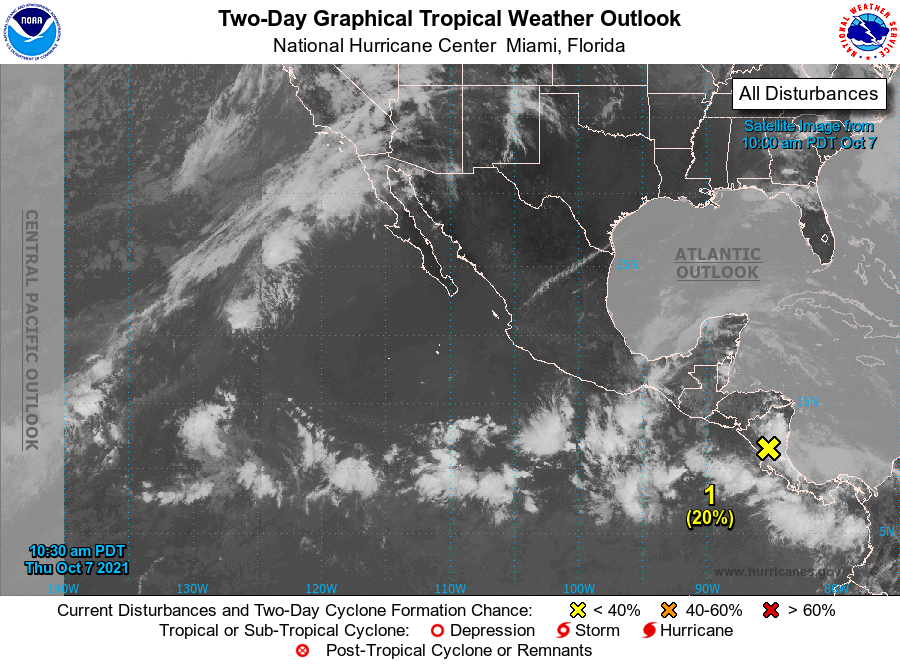
For the eastern North Pacific...east of 140 degrees west longitude:

1. A tropical wave continues to produce disorganized cloudiness and thunderstorms over portions of Central America and the adjacent eastern Pacific waters. This system is expected to move westward and emerge over the eastern Pacific Ocean later today or tonight. Environmental conditions are forecast to be conducive for development over the next several days, and a tropical depression is likely to form over the weekend or early next week while the system moves westward to west-northwestward.
* Formation chance through 48 hours...low...20 percent.
* Formation chance through 5 days...high...70 percent.

Forecaster Brown